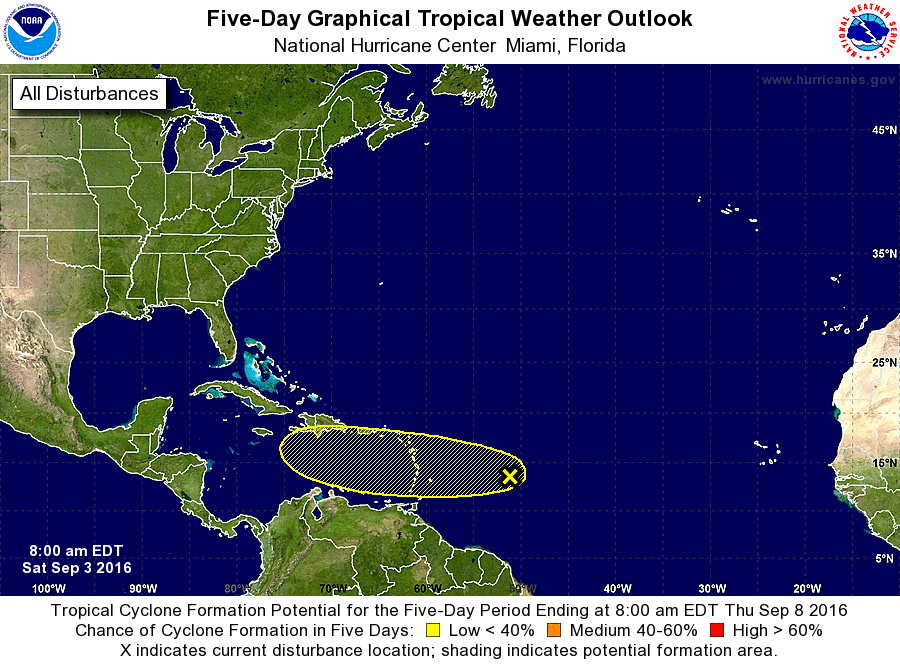
For the North Atlantic...Caribbean Sea and the Gulf of Mexico:

The National Hurricane Center is issuing advisories on Tropical Storm Hermine, located near the North Carolina Outer Banks, and has issued its last advisory on Gaston, which has become a post-tropical cyclone to the northeast of the Azores.

1. Shower and thunderstorm activity associated with a tropical wave located about 600 miles east of the Lesser Antilles has increased since yesterday. However, environmental conditions are only marginally conducive, and any development of this system should be slow to occur while it moves westward at 15 to 20 mph. This disturbance is expected to bring locally heavy rainfall and gusty winds to portions of the Lesser Antilles beginning later today through Sunday night.
* Formation chance through 48 hours...low...20 percent
* Formation chance through 5 days...low...30 percent

Forecaster Brown